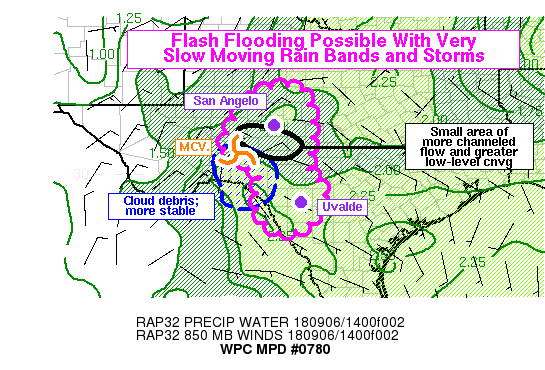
Areas affected...Central Texas

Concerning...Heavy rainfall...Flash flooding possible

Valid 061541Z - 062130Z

Summary...Flash flooding will be possible into the afternoon in
parts of Central Texas, from the I-20 corridor in the rolling
plains, south into the Edwards Plateau, portions of Texas Hill
Country, and along the Rio Grande River in South Central Texas.
Rain bands and storms should meander very slowly, and will pose a
risk of flash flooding. Rain rates could reach (or locally exceed)
2 in/hr.

Discussion...Regional radars (KDYX, KSJT, KDFX) were showing
numerous small-scale convective rain bands and a few embedded
thunderstorms across central Texas. The convection was generally
moving very slowly, and was situated within a region of very weak
mid-upper level winds. RAP analyzed Corfidi vector and deep layer
mean wind magnitudes were near zero around Uvalde and Del Rio, and
below 10 knots over the remainder of the outlined area. A weak MCV
was noted on KSJT radar near Crockett County as of 1530Z, with a
circulation noted in the velocity data in the mid-levels of the
troposphere. The MCV was slowly lifting northwest, and may be
locally affecting the low-mid level flow patterns in the I-10
corridor. Increasingly channeled flow on the northeast flank of
the MCV may help focus convergence, and promote slow training of
convection near and north of I-10 in central Texas. There was some
evidence this was beginning to take place on KSJT radar. In the
stronger convection (Z > 40dBZ), ZDR was generally around 1 dB,
with CC values close to 0.99, implying large concentrations of
smaller more spherical droplets -- implying efficient warm rain
processes. This may lead to some radar underestimation of rain
rates in the tropical environment, characterized by tall and
relatively narrow CAPE profiles and PWATs above 2 inches (CIRA
blended PW and GPS-PW obs).

More broadly, a larger area of stratiform precipitation and cloud
debris were noted on both radar and GOES-16 satellite, and the
outer periphery of that was stretching from the MCV in Crockett
County, to near SOA, to near ECU, to near 5T9. This may evolve
into a differential heating boundary of sorts, particularly south
of I-10 where greater clearing was noted in the low-level inflow
region to the east. It also should not move much given the
stagnant pattern, so it may serve as a focus for continued
convective development into the afternoon. The setup for training
is less favorable south toward the Rio Grande, but given near-zero
backbuilding storm vector magnitudes and a deep layer mean wind
toward the northwest at only 5 knots, the mesoscale setup may
still be favorable for convection to persist in localized areas
for several hours. Therefore, flash flooding appears possible in
central Texas, but particularly in the vicinity of the
aforementioned MCV and on the edge of the existing stratiform
precipitation.